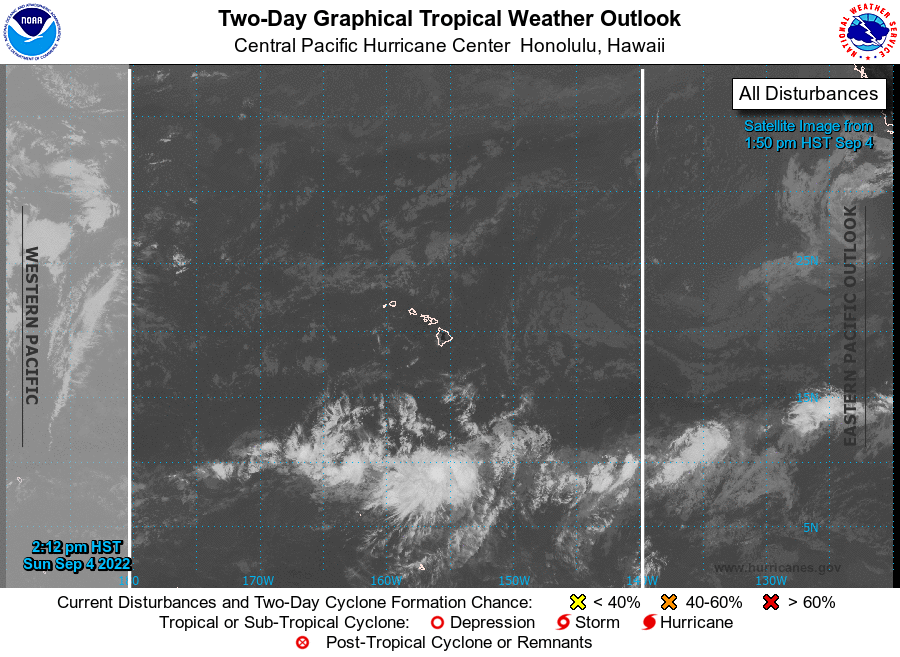
For the central North Pacific...between 140W and 180W:

No tropical cyclones are expected during the next 5 days.

Forecaster Foster